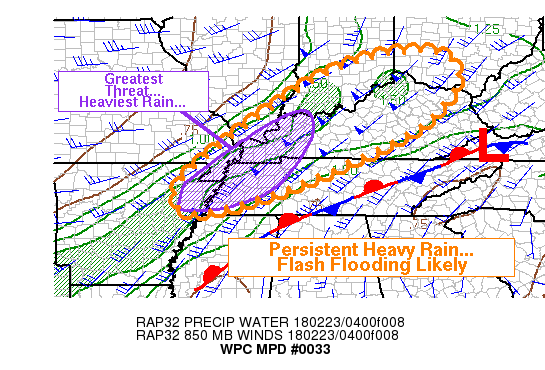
AREAS AFFECTED...KY...ERN AR...WRN TN...SRN IL / IN...SW OH

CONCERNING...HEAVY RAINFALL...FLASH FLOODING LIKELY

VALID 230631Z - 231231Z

SUMMARY...THROUGH MORNING EXPECT DEEP CONVECTION TO BE SUSTAINED
BY SYNOPTIC SUPPORT AND SUFFICIENT INSTABILITY...LIKELY PRODUCING
FLASH FLOODING. HEAVIEST RAIN RATES AND TOTALS WILL OCCUR FARTHER
WEST TOWARD THE MISSISSIPPI RIVER...BUT SATURATED GROUND MEANS
FLASH FLOODING IS ALSO POSSIBLE FARTHER EAST.

DISCUSSION...MODEL SOLUTIONS DID NOT HAVE A GOOD HANDLE ON THE
DETAILS OF THE CONVECTIVE EVOLUTION OVER THE OHIO VALLEY AND NEAR
THE OHIO/MISSISSIPPI CONFLUENCE. THE 00Z AND 01Z RUNS OF THE HRRR
SEEMED TO BE THE BEST OPTIONS IN EXISTENCE AS OF 06Z. TO SOME
EXTENT THE 00Z WRF-ARW WAS ALSO USEFUL...BUT EVEN THIS GUIDANCE
WAS OVER-EMPHASIZING THE NORTHWARD TRANSPORT OF MOISTURE WITHIN
THE STRATIFORM RAIN SHIELD INTO INDIANA / TIED TO THE DEEP LAYER
SYNOPTIC ASCENT...WHEREAS RADAR AND GAUGE TRENDS INDICATED HEAVIER
RAIN FARTHER SOUTH FROM THE MEMPHIS AREA TO JUST SOUTHWEST OF
LOUISVILLE. WHILE MEAN LAYER FLOW WILL CARRY RAIN
NORTHEASTWARD...THERE APPEARED TO BE A PROPAGATION COMPONENT
FOLLOWING THE UPWIND CORFIDI VECTORS...GENERALLY TOWARD THE EAST
AT 10-15 KNOTS...AS THE CONVECTION ATTEMPTS TO FIND THE AVAILABLE
INSTABILITY.

THE SITUATION HAD BEGUN TO PRESENT ITSELF AS MORE OF A THREAT AT
06Z...WITH CONVECTION BECOMING ALIGNED FAVORABLY FOR
TRAINING...WHILE A SURFACE WARM FRONT CONTINUED TO LIFT NORTHWARD
BRING THE WARM SECTOR CLOSER...NOTING RECENT VEERING OF WINDS TO
SOUTHERLY ACROSS SOUTHERN TENNESSEE.

INSTABILITY WAS SOMEWHAT LIMITED...BUT STORMS IMMEDIATELY DOWNWIND
OF A 500 J/KG MUCAPE REGION STRADDLING THE MISSISSIPPI RIVER...HAD
EXHIBITED DUAL POL ESTIMATED RAIN RATES AS HIGH AS ONE INCH PER
HOUR NEAR MEMPHIS...NOT MUCH LESS THAN THIS IN WESTERN KY...AND
TAPERING TO LESSER AMOUNTS FARTHER EAST. GIVEN A BROAD SCALE
UPSTREAM WAVE...HOWEVER...THE LIFTING WARM FRONT...AND GFS
INDICATION OF AN 850MB MOISTURE TRANSPORT MAXIMUM INTO SOUTHWEST
OHIO BY 12Z...RAIN RATES MAY INCREASE STEADILY WITH EASTWARD
EXTENT OVER TIME. FLASH FLOOD GUIDANCE WAS AS LOW AS 0.50-0.75
INCHES PER HOUR IN SOME AREAS...AND REGARDLESS OF SPECIFIC FFG
VALUES...THE ENTIRE REGION HAD RECEIVED HEAVY RAIN ONLY ONE DAY
PRIOR. WE ESTIMATE ADDITIONAL RAINFALL COULD EXCEED 2.5 INCHES IN
ISOLATED SPOTS THROUGH 12Z...MAINLY WESTERN TN/KY...WITH AMOUNTS
CLOSER TO 1.0-1.5 INCHES ELSEWHERE. EXPECT A HIGH PERCENTAGE OF
SURFACE RUNOFF FROM TRAINING CONVECTION THIS MORNING...AND LIKELY
FLASH FLOODING.